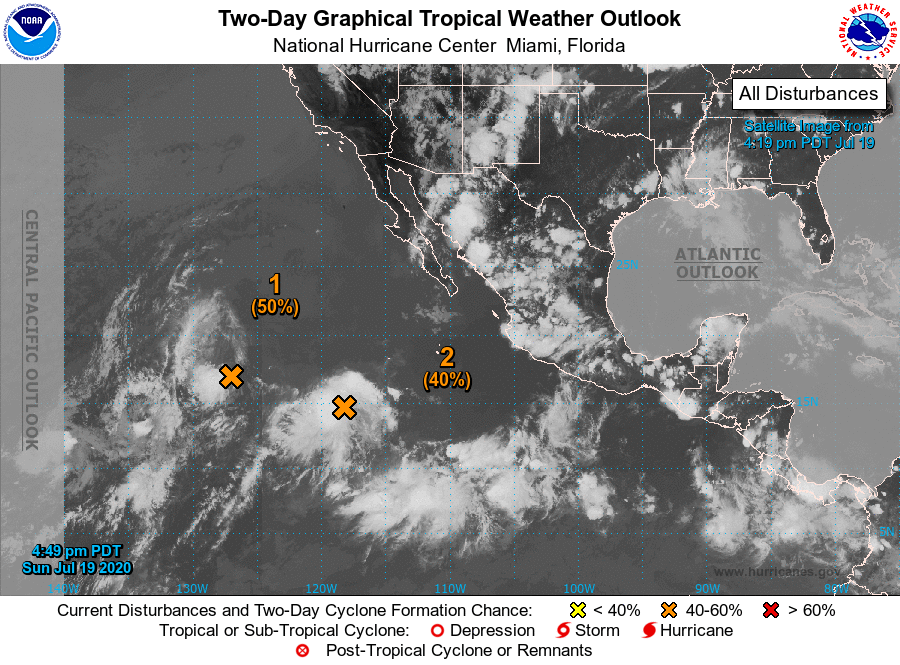
For the eastern North Pacific...east of 140 degrees west longitude:

1. A low pressure system is located a little more than 1200 miles west-southwest of the southern tip of the Baja California peninsula. Although the low is beginning to move over cooler waters, the associated thunderstorm activity has increased over the past few hours, and this system could become a short-lived tropical depression later tonight or on Monday while it moves west-northwestward at 10-15 mph.
* Formation chance through 48 hours...medium...50 percent.
* Formation chance through 5 days...medium...50 percent.

2. An area of showers and thunderstorms located about 800 miles southwest of the southern tip of the Baja California peninsula is showing some signs of organization. Environmental conditions are expected to be conducive for development of this system, and a tropical depression could form around the middle of the week while it moves west-southwestward and then westward at about 10 mph.
* Formation chance through 48 hours...medium...40 percent.
* Formation chance through 5 days...high...70 percent.

Forecaster Pasch